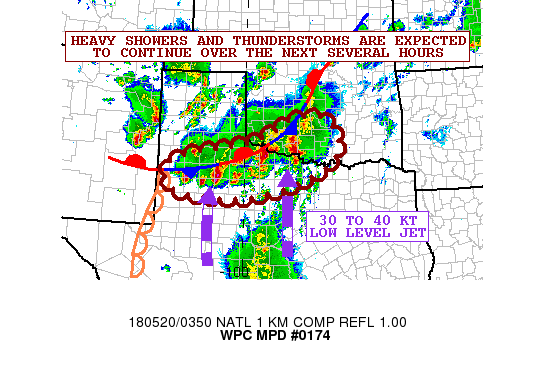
AREAS AFFECTED...WEST-CENTRAL TO NORTHERN TX...SOUTHWEST TO
SOUTH-CENTRAL OK

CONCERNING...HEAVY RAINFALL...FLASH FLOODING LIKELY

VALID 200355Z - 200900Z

SUMMARY...VERY HEAVY RAINFALL FROM SLOW-MOVING SHOWERS AND
THUNDERSTORMS WILL CONTINUE TO POSE A FLASH FLOOD THREAT OVER THE
NEXT SEVERAL HOURS.

DISCUSSION...A RELATIVELY BROKEN AXIS OF HEAVY SHOWERS AND
THUNDERSTORMS WITH VERY COLD CONVECTIVE CLOUD TOPS IS SEEN
PERSISTING ACROSS PORTIONS OF WESTERN AND NORTHERN TX AND INTO
SOUTHWEST OK. THIS INCLUDES A NUMBER OF SLOW-MOVING SUPERCELLS.

THE CONVECTION HAS BEEN FOCUSING ALONG A QUASI-STATIONARY FRONT
WHERE MODERATE INSTABILITY REMAINS POOLED ALONG IT. IN ADDITION TO
THE INSTABILITY...THE MOISTURE PROFILES ARE QUITE CONDUCIVE FOR
HEAVY RAINFALL GIVEN AN AXIS OF 1.2 TO 1.4 INCH PWATS WHICH IS
ABOUT 1.5 TO 2 STANDARD DEVIATIONS ABOVE NORMAL. ALL OF THIS IS
BEING FACILITATED BY A 30 TO 40 KT LOW LEVEL JET WHICH IS LIFTING
NORTH UP ACROSS MOST OF CENTRAL AND WESTERN TX AND OVER THE
AFOREMENTIONED FRONT. THE ACTIVITY ALSO IS BEING FAVORED BY SOME
MODEST RIGHT-ENTRANCE REGION JET DYNAMICS DOWNWIND OF AN UPPER
TROUGH AXIS THAT IS BEGINNING TO EJECT OUT ACROSS THE SOUTHERN
HIGH PLAINS.

A RATHER WIDESPREAD AXIS OF CONVECTION WILL CONTINUE OVER THE NEXT
SEVERAL HOURS ALONG THE FRONT WITH A TENDENCY OVERNIGHT FOR
CONVECTION TO GRADUALLY SETTLE MORE TO THE SOUTHEAST AS THE FRONT
BEGINS MOVING SOUTHEAST AS A COLD FRONT...AND ALSO WITH THE AID OF
SOME REGIONAL CONVECTIVE COLD POOL GENERATION. THE CELLS THOUGH
WILL STILL BE SLOW-MOVING...AND THERE WILL BE A CONCERN FOR
MULTIPLE CELL-MERGERS WHICH WILL ENHANCE THE RAINFALL RATES.

EXPECT THE RAIN RATES TO BE AS MUCH AS 2.5 INCHES/HR...AND SOME
STORM TOTALS BY 09Z MAY REACH AS MUCH AS 6 INCHES GIVEN THE SLOW
MOVEMENT. FLASH FLOODING IS LIKELY AS A RESULT.